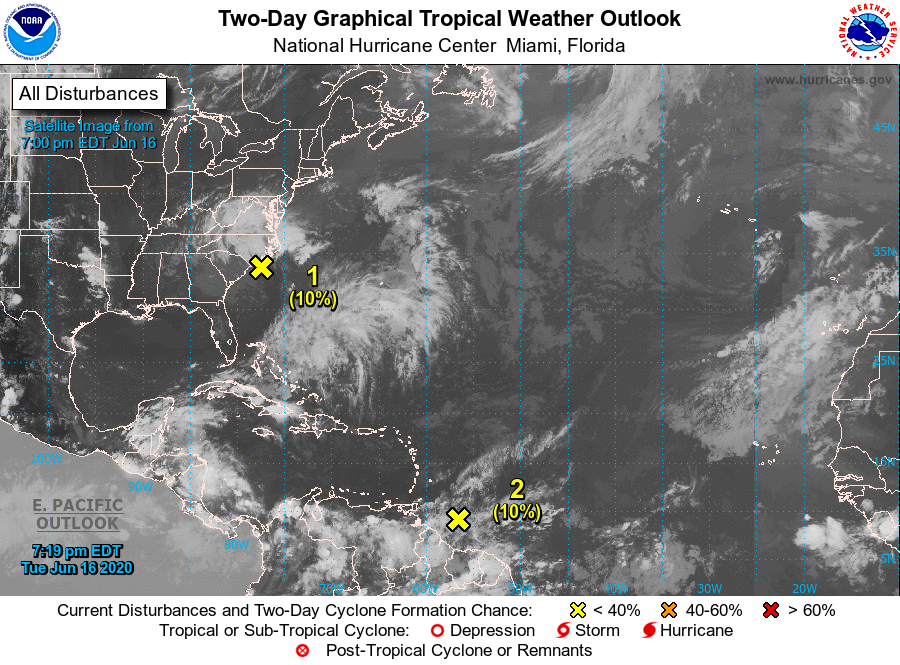
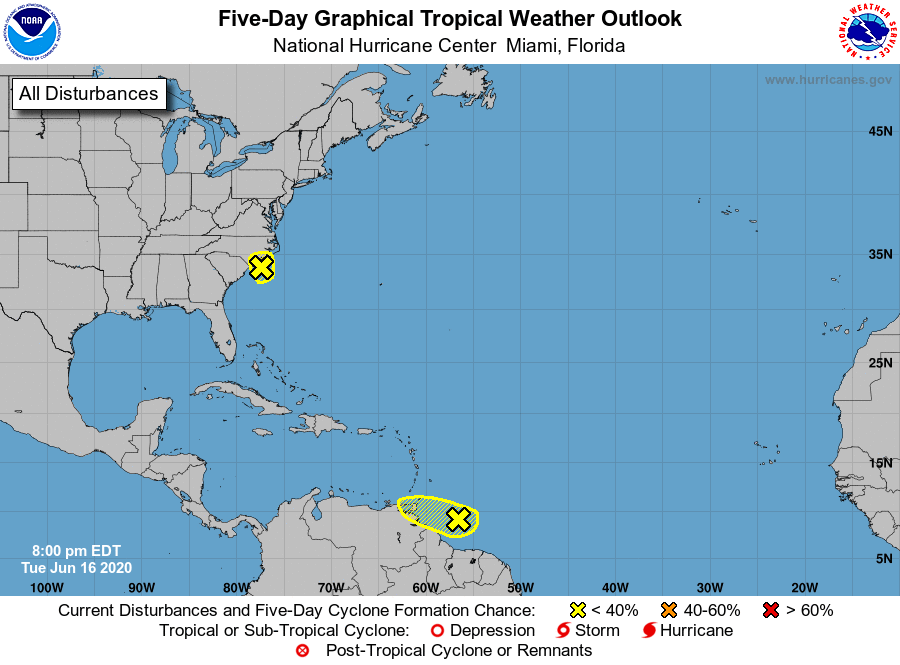
For the North Atlantic...Caribbean Sea and the Gulf of Mexico:

1. A non-tropical low pressure area located about 50 miles east of Wilmington, North Carolina is producing disorganized showers and thunderstorms over portions of southeastern and eastern North Carolina, including the Outer Banks, as well as the adjacent Atlantic waters. The low has resumed a northward motion, and it is expected to move inland over North Carolina tonight. Environmental conditions are expected to remain unfavorable for significant development before the system moves inland. Regardless of development, heavy rainfall could occur over portions of northeastern South Carolina and southeastern and eastern North Carolina through Wednesday. For additional information, see products from your local National Weather Service office.
* Formation chance through 48 hours...low...10 percent.
* Formation chance through 5 days...low...10 percent.

2. Showers and thunderstorms located a few hundred miles east and southeast of Trinidad and Tobago are associated with a westward-moving tropical wave. Upper-level winds are becoming less conducive for development, and the system is forecast to interact with the landmass of South America tonight and Wednesday. Regardless of development, this system could produce gusty winds and heavy rainfall over Trinidad and Tobago and the northeastern coastal sections of Venezuela during the next day or two.
* Formation chance through 48 hours...low...10 percent.
* Formation chance through 5 days...low...10 percent.

Forecaster Beven